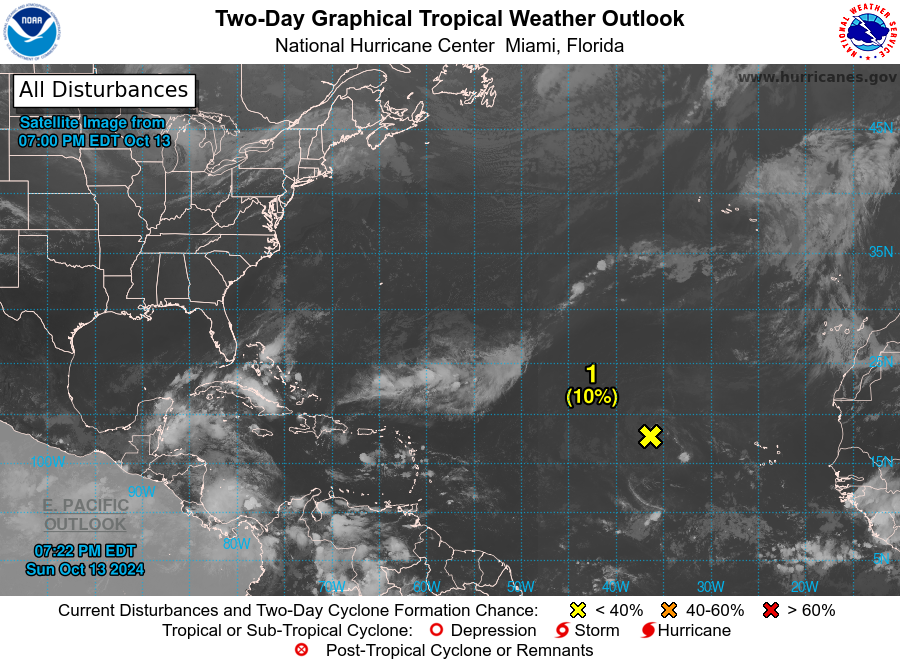
For the North Atlantic...Caribbean Sea and the Gulf of Mexico:

1. Central Tropical Atlantic (AL94): A well-defined area of low pressure located several hundred miles west of the Cabo Verde Islands is struggling to produce showers and thunderstorms. This system is currently embedded in an unfavorable environment and development is not anticipated over the next couple of days. However, this system is forecast to move generally westward to west-southwestward, and environmental conditions could become more favorable for gradual development by the middle to latter part of this week. A tropical depression could form as the system begins moving west-northwestward and approaches or moves near the Leeward Islands by the end of this week.
* Formation chance through 48 hours...low...10 percent.
* Formation chance through 7 days...medium...40 percent.

Forecaster Kelly